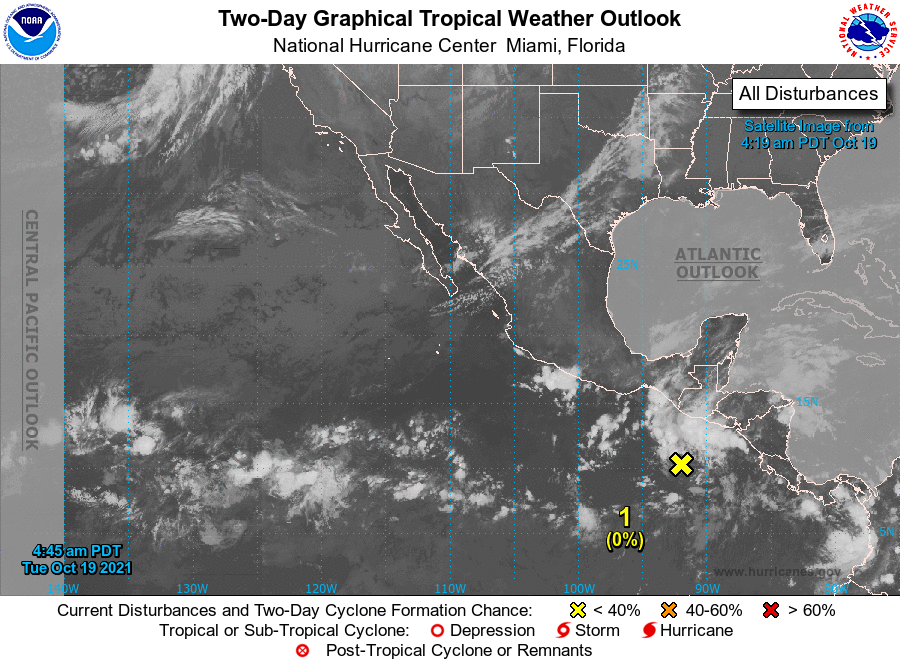
For the eastern North Pacific...east of 140 degrees west longitude:

1. An area of disturbed weather located a few hundred miles south of the coasts of Guatemala and El Salvador is producing poorly organized showers and thunderstorms. Environmental conditions are expected to be conducive for gradual development of this system during the next several days, and a tropical depression could form late this week or this weekend while the system moves west-northwestward to northwestward near or just off the coast of southern Mexico.
* Formation chance through 48 hours...low...near 0 percent.
* Formation chance through 5 days...medium...60 percent.

Forecaster Beven